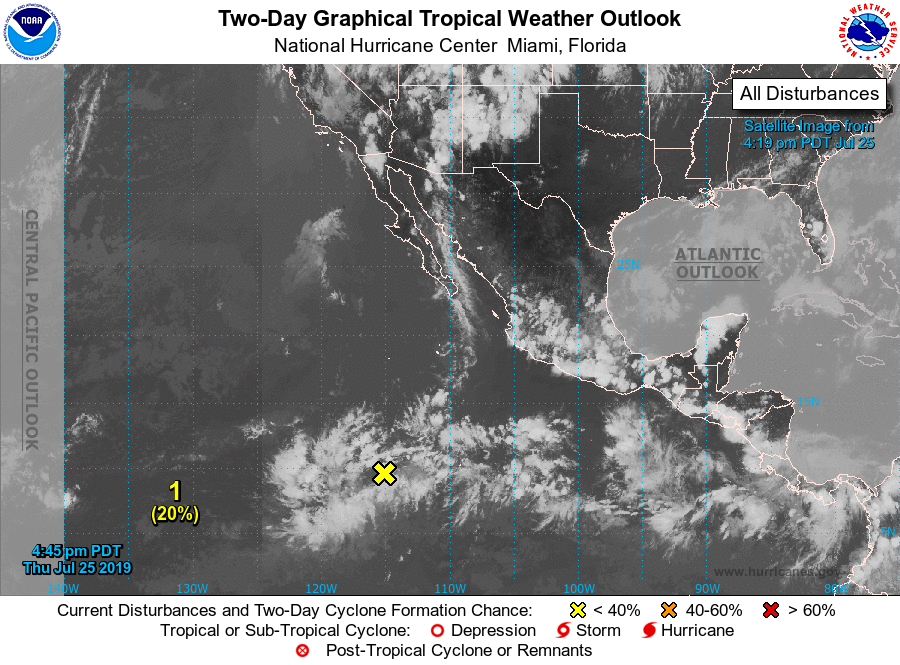
For the eastern North Pacific...east of 140 degrees west longitude:

1. A tropical wave located about a thousand miles south-southwest of the southern tip of the Baja California peninsula is producing a broad area of cloudiness and disorganized showers. Upper-level winds are expected to become more conducive for development during the next few days, and a tropical depression could form early next week while the disturbance moves westward to west-northwestward at 10 to 15 mph.
* Formation chance through 48 hours...low...20 percent.
* Formation chance through 5 days...medium...50 percent.

2. An area of low pressure is expected to form a few hundred miles south of the coast of southern Mexico early next week. Some gradual development of the low is expected thereafter, and a tropical depression could form while the system moves generally westward at 15 to 20 mph.
* Formation chance through 48 hours...low...near 0 percent.
* Formation chance through 5 days...medium...50 percent.

Forecaster Beven